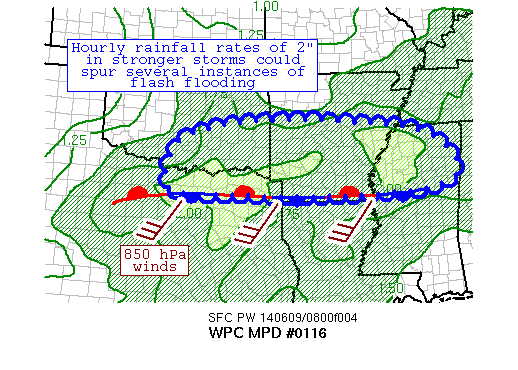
AREAS AFFECTED...THE ARKLATEX...SOUTHERN AR...NORTHERN MS

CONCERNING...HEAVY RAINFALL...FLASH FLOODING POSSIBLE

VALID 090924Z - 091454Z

SUMMARY...THUNDERSTORMS WITH HEAVY RAINFALL HAVE DEVELOPED ACROSS
NORTHEAST TX, SOUTHERN AR, AND ARE RE-ENTERING NORTHERN MS.  FLASH
FLOODING COULD OCCUR IN SEVERAL LOCALES WITHIN THIS REGION.

DISCUSSION...A BAND OF THUNDERSTORMS HAS DEVELOPED WITHIN A WARM
ADVECTION PATTERN OVER THE PAST SEVERAL HOURS, AND NOW EXTENDS
FROM NORTHERN TX ACROSS SOUTHERN AR AND INTO NORTHERN MS NEAR AND
NORTH OF A FRONTAL BOUNDARY.  INFLOW AT 850 HPA IS 30-35 KTS,
WHICH IS FOCUSING PRECIPITABLE WATER VALUES OF 1.75-2" INTO THE
FRONT.  CAPE VALUES REMAIN 1000-2000 J/KG.  THESE INDICES BEFIT
THE WET MULTI-CELL ENVIRONMENT.

THE EXPECTATION IS FOR THE OUTFLOW BOUNDARY/SQUALL LINE CURRENTLY
MOVING INTO NORTHWEST AND NORTH-CENTRAL TX TO ERODE THE LINE FROM
WEST TO EAST THIS MORNING.  OUTSIDE RECENT RUNS OF THE HRRR, THE
00Z NCASE MEAN, AND THE 00Z REGIONAL CANADIAN MODEL, THE RECENT
MESOSCALE GUIDANCE GENERALLY AGREES ON THE BAND'S CURRENT AND
EXPECTED LOCATION.  BEFORE THEN, HOURLY RAINFALL RATES OF 2" IN
STRONGER CELLS COULD CAUSE FLASH FLOODING IN SEVERAL LOCATIONS
WITHIN THE DEFINED AREA.